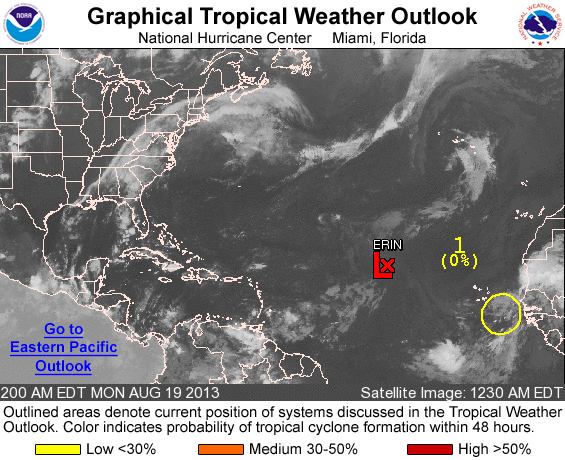
FOR THE NORTH ATLANTIC...CARIBBEAN SEA AND THE GULF OF MEXICO...

1. SHOWER ACTIVITY ASSOCIATED WITH A TROPICAL WAVE LOCATED BETWEEN THE WEST COAST OF AFRICA AND THE CAPE VERDE ISLANDS HAS DIMINISHED EARLY TONIGHT. DEVELOPMENT...IF ANY...OF THIS DISTURBANCE DURING THE NEXT SEVERAL DAYS SHOULD BE SLOW TO OCCUR AS IT MOVES WESTWARD OVER THE TROPICAL ATLANTIC AT ABOUT 10 MPH. THIS SYSTEM HAS A LOW CHANCE...NEAR 0 PERCENT...OF BECOMING A TROPICAL CYCLONE DURING THE NEXT 48 HOURS...AND A LOW CHANCE...10 PERCENT...OF BECOMING A TROPICAL CYCLONE DURING THE NEXT 5 DAYS.

FIVE-DAY FORMATION PROBABILITIES ARE EXPERIMENTAL IN 2013. COMMENTS ON THE EXPERIMENTAL FORECASTS CAN BE PROVIDED AT...

HTTP://WWW.NWS.NOAA.GOV/SURVEY/NWS-SURVEY.PHP?CODE=ETWO

FORECASTER KIMBERLAIN